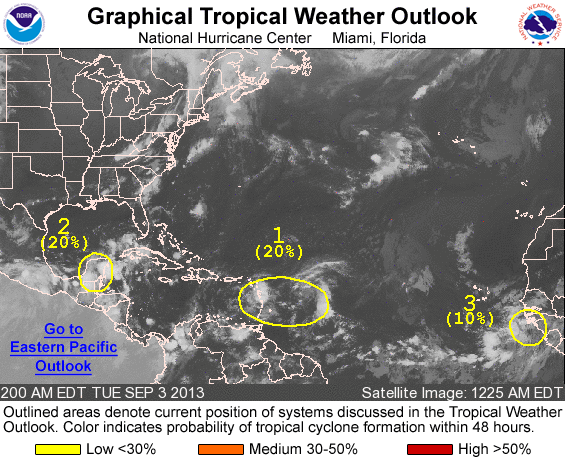
FOR THE NORTH ATLANTIC...CARIBBEAN SEA AND THE GULF OF MEXICO...

1. AN ELONGATED AREA OF LOW PRESSURE IS PRODUCING DISORGANIZED SHOWERS AND THUNDERSTORMS FROM THE EASTERN CARIBBEAN SEA ACROSS THE LESSER ANTILLES AND INTO THE TROPICAL ATLANTIC. ALTHOUGH UPPER-LEVEL WINDS APPEAR TO BE CONDUCIVE...THE BROAD NATURE OF THIS DISTURBANCE AND THE PROXIMITY OF DRY AIR IN THE MIDDLE LEVELS OF THE ATMOSPHERE HAVE BEEN INHIBITING DEVELOPMENT. CONDITIONS COULD GRADUALLY BECOME MORE FAVORABLE FOR DEVELOPMENT WHILE THE SYSTEM MOVES WEST- NORTHWESTWARD AT AROUND 10 MPH NEAR PUERTO RICO AND HISPANIOLA OVER THE NEXT SEVERAL DAYS. THIS SYSTEM HAS A LOW CHANCE...20 PERCENT...OF BECOMING A TROPICAL CYCLONE DURING THE NEXT 48 HOURS...AND A MEDIUM CHANCE...50 PERCENT...OF BECOMING A TROPICAL CYCLONE DURING THE NEXT 5 DAYS. REGARDLESS OF TROPICAL CYCLONE FORMATION...LOCALLY HEAVY RAINFALL AND GUSTY WINDS ARE EXPECTED TO AFFECT PORTIONS OF THE LESSER ANTILLES OVER THE NEXT DAY OR TWO.

2. A TROPICAL WAVE OVER THE YUCATAN PENINSULA IS MOVING WESTWARD AT ABOUT 10 MPH. THERE IS SOME POTENTIAL FOR DEVELOPMENT WHEN THE WAVE MOVES INTO THE BAY OF CAMPECHE WITHIN A DAY OR SO. THIS SYSTEM HAS A LOW CHANCE...20 PERCENT...OF BECOMING A TROPICAL CYCLONE DURING THE NEXT 48 HOURS...AND A MEDIUM CHANCE...30 PERCENT...OF BECOMING A TROPICAL CYCLONE DURING THE NEXT 5 DAYS.

3. A TROPICAL WAVE WITH AN ASSOCIATED AREA OF LOW PRESSURE IS LOCATED NEAR THE WEST COAST OF AFRICA...SEVERAL HUNDRED MILES SOUTHEAST OF THE CAPE VERDE ISLANDS. ENVIRONMENTAL CONDITIONS ARE EXPECTED TO BE MARGINALLY FAVORABLE FOR DEVELOPMENT OVER THE NEXT FEW DAYS WHILE THE DISTURBANCE MOVES WEST-NORTHWESTWARD TO NORTHWESTWARD AT 10 TO 15 MPH. THIS SYSTEM HAS A LOW CHANCE...10 PERCENT...OF BECOMING A TROPICAL CYCLONE DURING THE NEXT 48 HOURS...AND A LOW CHANCE...20 PERCENT...OF BECOMING A TROPICAL CYCLONE DURING THE NEXT 5 DAYS.

FIVE-DAY FORMATION PROBABILITIES ARE EXPERIMENTAL IN 2013. COMMENTS ON THE EXPERIMENTAL FORECASTS CAN BE PROVIDED AT...

HTTP://WWW.NWS.NOAA.GOV/SURVEY/NWS-SURVEY.PHP?CODE=ETWO

FORECASTER PASCH